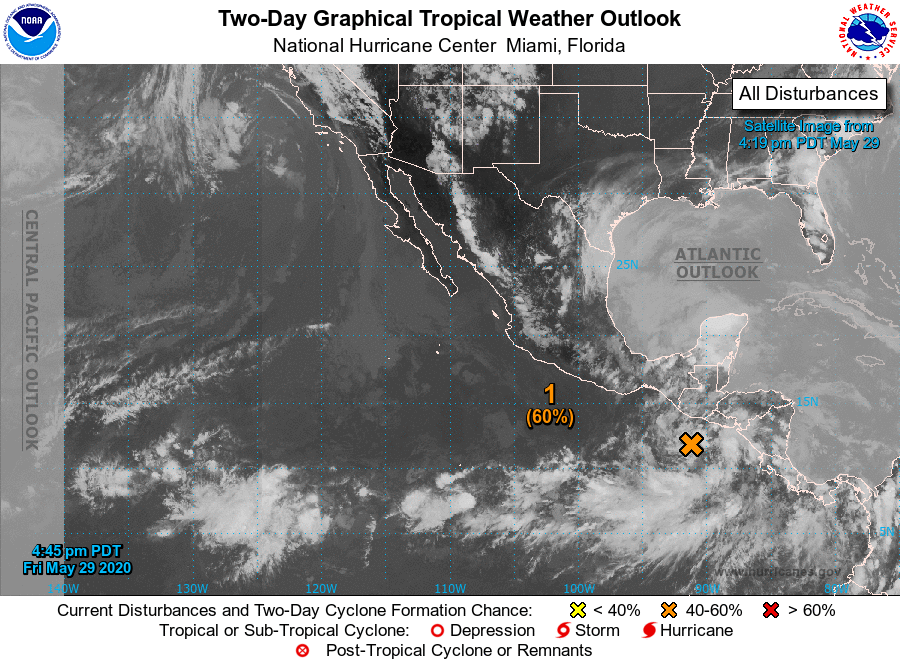
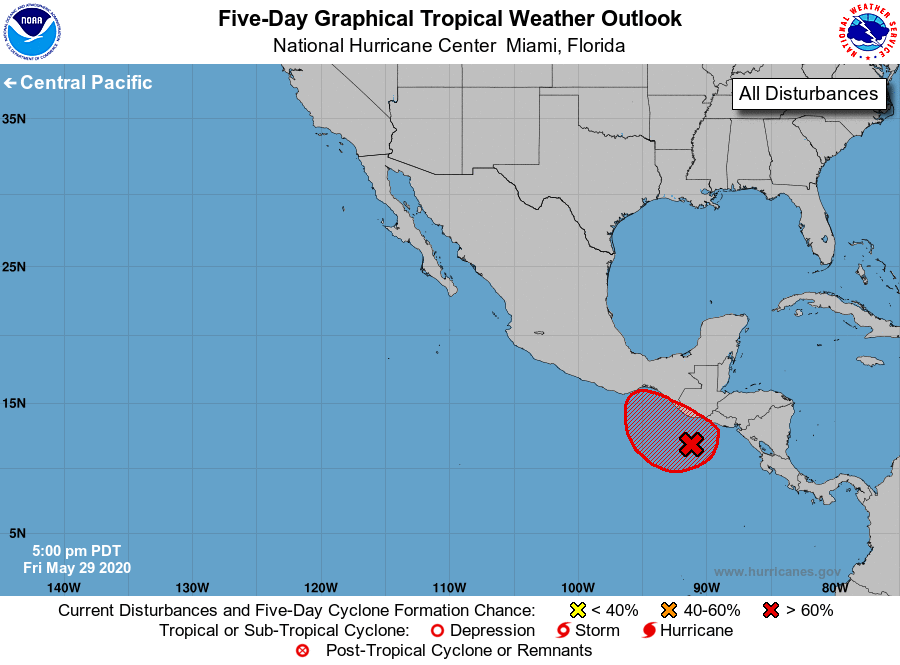
For the eastern North Pacific...east of 140 degrees west longitude:

1. Shower and thunderstorm activity is becoming better organized in association with a broad area of low pressure located a couple of hundred miles south of the coasts of Central America and southern Mexico. Environmental conditions appear conducive for gradual development and a tropical depression could form this weekend before the system moves northward and inland over Central America or southern Mexico.

Regardless of development, this system is expected to produce heavy rainfall over portions of Central America and southern Mexico this weekend and early next week. These rains could cause life-threatening flash floods and mudslides, especially in areas of mountainous terrain. See products from your local meteorological service for additional information.
* Formation chance through 48 hours...medium...60 percent.
* Formation chance through 5 days...high...70 percent.

Forecaster Beven